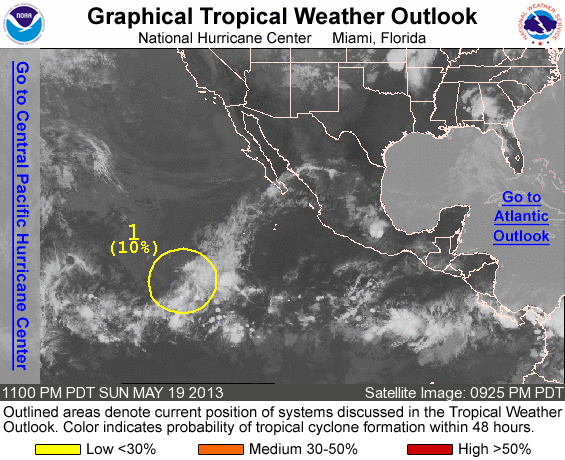
FOR THE EASTERN NORTH PACIFIC...EAST OF 140 DEGREES WEST LONGITUDE..

1. SHOWERS AND THUNDERSTORMS REMAIN DISORGANIZED IN ASSOCIATION WITH THE REMNANTS OF ALVIN LOCATED ABOUT 1100 MILES SOUTHWEST OF THE SOUTHERN TIP OF THE BAJA CALIFORNIA PENINSULA. DEVELOPMENT OF THIS SYSTEM IS UNLIKELY DUE TO STRONG UPPER-LEVEL WINDS. THIS SYSTEM HAS A LOW CHANCE...10 PERCENT...OF BECOMING A TROPICAL CYCLONE AGAIN DURING THE NEXT 48 HOURS AS IT MOVES WESTWARD AT AROUND 10 MPH.

ELSEWHERE...TROPICAL CYCLONE FORMATION IS NOT EXPECTED DURING THE NEXT 48 HOURS.

FORECASTER CANGIALOSI